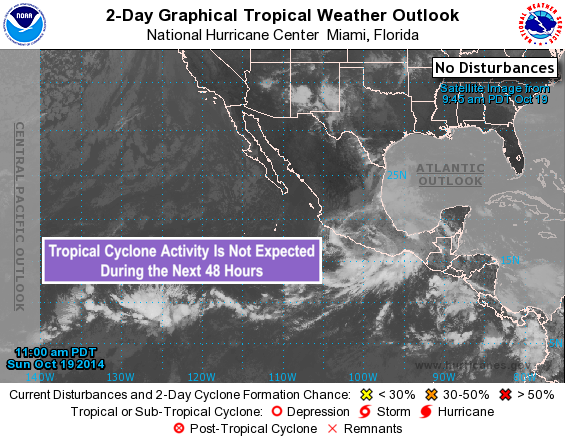
For the eastern North Pacific...east of 140 degrees west longitude:

Tropical cyclone formation is not expected during the next 5 days.

Forecaster Landsea